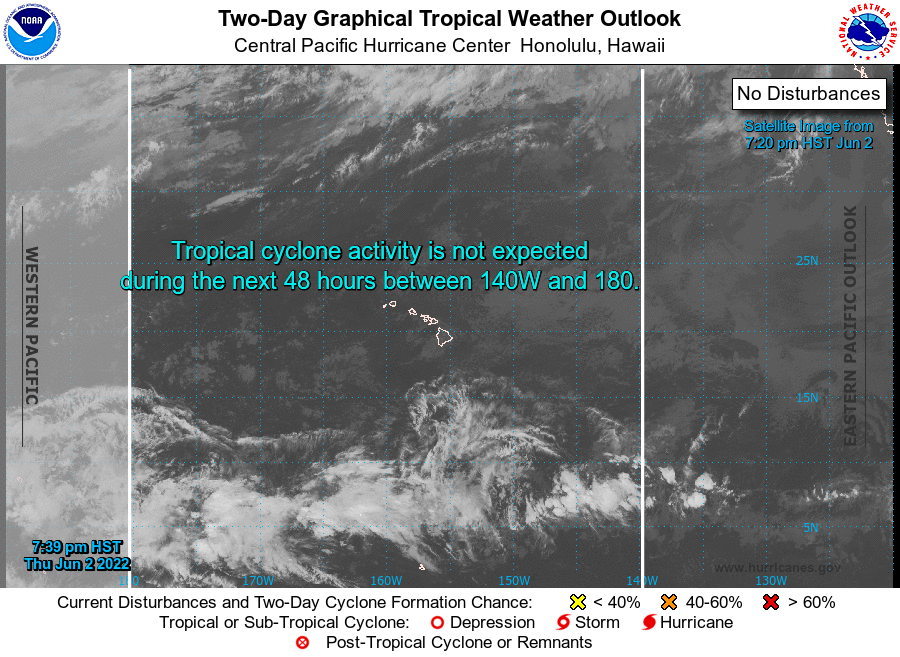
For the central North Pacific...between 140W and 180W:

No tropical cyclones are expected during the next 5 days.

Forecaster Kinel